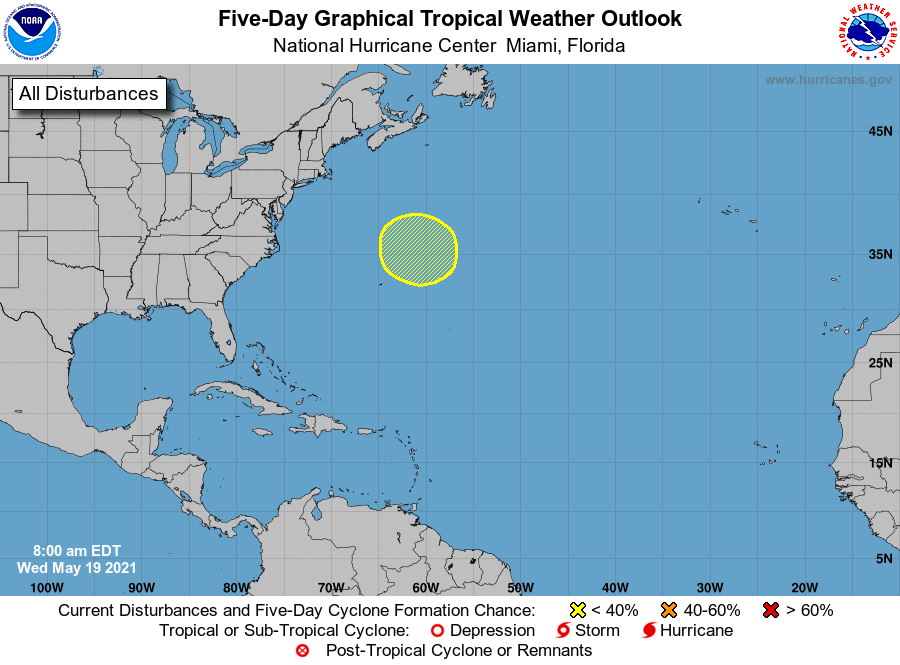
For the North Atlantic...Caribbean Sea and the Gulf of Mexico:

1. A non-tropical low pressure system is forecast to develop a few hundred miles northeast of Bermuda by late Thursday and produce gale-force winds. The low could then move southwestward over warmer waters on Friday and acquire some subtropical characteristics before the system moves toward the north and northeast into a more hostile environment by Sunday.
* Formation chance through 48 hours...low...near 0 percent.
* Formation chance through 5 days...low...30 percent.

High Seas Forecasts issued by the National Weather Service can be found under AWIPS header NFDHSFAT1, WMO header FZNT01 KWBC, and online at ocean.weather.gov/shtml/NFDHSFAT1.php

Forecaster Blake